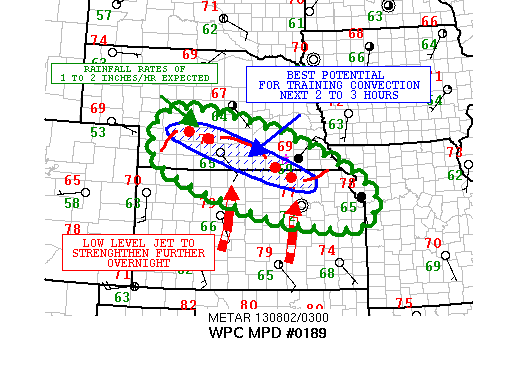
AREAS AFFECTED...SOUTHERN NE...NORTHERN KS...EXTREME NORTHWESTERN
MO

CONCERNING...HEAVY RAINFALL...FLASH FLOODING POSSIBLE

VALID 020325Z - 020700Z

SUMMARY...SLOW-MOVING CONVECTIVE CLUSTERS OVER S CNTRL NE WILL
CONTINUE TO MERGE THE FEW HOURS AND GRADUALLY SETTLE SOUTHEAST
INTO NRN/NERN KS AS A LARGER SCALE MCS. SOME FLASH FLOODING WILL
BE POSSIBLE WITHIN AREAS OF TRAINING CONVECTION.

DISCUSSION...VERY COLD-TOPPED CONVECTIVE CLUSTERS OVER S CNTRL AND
SERN NE ARE SHOWING SIGNS OF ORGANIZATION AND HAVE BEEN TENDING TO
GRADUALLY MERGE INTO WHAT APPEARS TO BE A LARGER SCALE MCS OVER
THE CNTRL PLAINS REGION. LARGER SCALE MOVEMENT HAS BEEN SLOWLY
SEWD OVERALL...WITH THE ACTIVITY OVER SERN NE TENDING TO BOW SEWD
GIVEN THE INHERENT SEVERE NATURE OF THIS PORTION OF THE MCS. THE
ACTIVITY FARTHER BACK TO THE WEST OVER S CNTRL AND SWRN NE HAS
BEEN LESS PROGRESSIVE WITH SOME EVIDENCE OF BACK-BUILDING AND AT
LEAST SMALL SCALE TRAINING OF CELLS. THERE IS ALSO SOME EVIDENCE
OF A SHORTWAVE TROUGH OVER FAR WRN NE WHICH APPEARS IN PART TO BE
PROVIDING SUFFICIENT LARGER SCALE BACKING OF THE MEAN FLOW TO
ALLOW FOR LESS FORWARD PROPAGATION.

THE LATEST RAP ANALYSIS SHOWS A 40 KT SRLY LOW LVL JET AIMING INTO
SRN FLANK OF THE MCS ALONG WITH PWATS OF ABOUT 1.5 INCHES. GIVEN
ABOUT 1500 J/KG OF MUCAPE AND SOME ADDITIONAL NOCTURNAL
ENHANCEMENT TO THE LOW LEVEL JET OVERNIGHT...EXPECT THE CURRENT
ACTIVITY TO BE SUSTAINABLE AND GROW IN SCALE SOMEWHAT...WHILE
GRADUALLY PUSHING SEWD INTO NRN/NERN KS AS A FORWARD PROPAGATING
MCS.

EXPECTING RAINFALL RATES OF 1 TO 2 INCHES/HR...BUT WITH THE
EXPECTATION OF SOME MERGING AND/OR TRAINING OF CONVECTIVE CLUSTERS
THE NEXT FEW HOURS...THERE WILL BE SOME POTENTIAL FOR FLASH
FLOODING. WILL CONTINUE TO MONITOR.